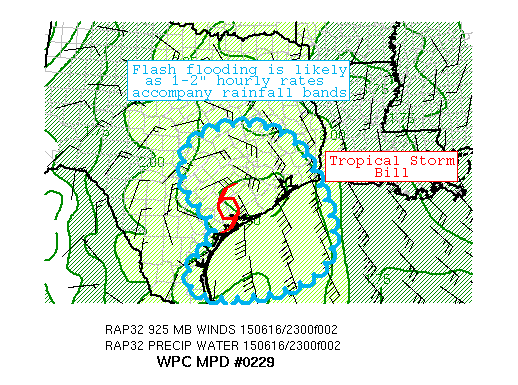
AREAS AFFECTED...WESTERN GULF COAST....SOUTHEAST TX...

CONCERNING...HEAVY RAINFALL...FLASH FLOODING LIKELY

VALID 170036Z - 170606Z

SUMMARY...AN INNER BAND OF HEAVY RAINFALL HAS DEVELOPED JUST TO
THE EAST OF THE CIRCULATION CENTER OF TROPICAL STORM BILL. THIS
PARTICULAR BAND HAS A HISTORY OF DROPPING NEARLY 2 INCHES OF RAIN
IN AN HOUR. GIVEN THIS BANDING SIGNATURE...FLASH FLOODING WILL BE
LIKELY.

DISCUSSION...AS OF 00Z...TROPICAL STORM BILL HAS WOBBLED TOWARD
THE NORTHEAST RELATIVE TO ITS PREVIOUSLY ANALYZED POSITION IN MPD
#0226. WHILE THE OUTER BAND HAS WEAKENED IN RECENT HOURS...THE
INNER BAND HAS BECOME MUCH MORE ORGANIZED STRETCHING FROM JUST
NORTHEAST OF THE CIRCULATION CENTER DOWN TO THE OFFSHORE WATERS OF
THE TX COAST. MESONET DATA SHOWS AROUND 2 INCHES IN AN HOUR
INCLUDING OVER 4 INCHES IN ONLY A 3-HOUR PERIOD. NEARBY
OBSERVATIONS SUPPORT SUCH RAINFALL RATES WHICH SIGNIFICANTLY
EXCEEDS LOCAL FFG VALUES. AS A RESULT...FLASH FLOODING WILL BE
LIKELY...PARTICULARLY AS LONG AS A DEFINED MESOSCALE BAND
CONTINUES TO MAINTAIN ITS STRENGTH. AT THIS TIME...THE 12Z
HRW-ARW/HRW-ARW-PARALLEL RUNS SHOW THIS BANDING FEATURE QUITE WELL
AND MAINTAIN IT THROUGH 06Z.

RECENT WATER VAPOR IMAGERY SHOWS A BIT OF DRY AIR TRYING TO WORK
ITS WAY INTO THE SOUTHWESTERN SIDE OF BILL. THIS HAS HELPED FOCUS
MUCH OF THE CONVECTION ON THE EASTERN HALF OF THE CIRCULATION.
WHERE IT IS CURRENTLY PRECIPITATING...THE TROPOSPHERE IS QUITE
MOIST WITH PWATS IN THE 2.25 TO 2.50 INCH RANGE WHICH SUGGESTS
VERY EFFICIENT HEAVY RAINFALL PROCESSES.

CONVECTION-ALLOWING MODELS SHOW SOME VARIABILITY IN THE AXIS OF
HEAVY RAINFALL WHICH APPEARS TO BE DRIVEN BY DIFFERENCES IN THE
PLACEMENT OF THE TROPICAL CIRCULATION. THE SIGNAL IS EVIDENT
ACROSS THE BOARD WHICH IS SUPPORTED BY RECENT RADAR/SATELLITE
TRENDS. THROUGHOUT THE NIGHT...FFG VALUES SHOULD LOWER AS HEAVY
RAIN CONTINUES TO FALL. CONSEQUENTLY...THIS SHOULD ENHANCE THE
THREAT FOR FLASH FLOODING ACROSS MUCH OF THE REGION WELL INTO THE
OVERNIGHT HOURS.